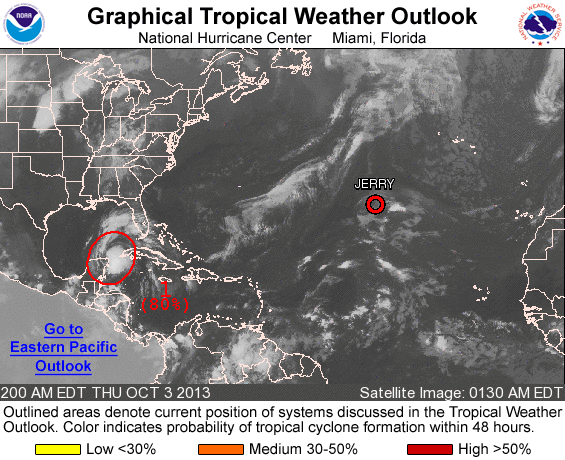
FOR THE NORTH ATLANTIC...CARIBBEAN SEA AND THE GULF OF MEXICO...

THE NATIONAL HURRICANE CENTER IS ISSUING ADVISORIES ON RECENTLY- DOWNGRADED TROPICAL DEPRESSION JERRY...LOCATED OVER THE CENTRAL ATLANTIC.

1. THE LOW PRESSURE AREA OVER THE NORTHWESTERN CARIBBEAN SEA IS NOW CENTERED NEAR THE NORTHEASTERN TIP OF THE YUCATAN PENINSULA OF MEXICO. WHILE THE CIRCULATION IS NOT YET WELL DEFINED...GALE-FORCE WINDS ARE OCCURRING EAST OF THE CENTER OVER THE YUCATAN CHANNEL. THIS SYSTEM HAS THE POTENTIAL TO BECOME A TROPICAL STORM AT ANY TIME TODAY AS IT MOVES NORTH-NORTHWESTWARD INTO THE SOUTHERN GULF OF MEXICO. THIS SYSTEM HAS A HIGH CHANCE...80 PERCENT...OF BECOMING A TROPICAL CYCLONE DURING THE NEXT 48 HOURS. AFTER THAT...LESS CONDUCIVE UPPER-LEVEL WINDS COULD LIMIT DEVELOPMENT AS THE SYSTEM APPROACHES THE NORTHERN GULF OF MEXICO THIS WEEKEND. THIS SYSTEM HAS A HIGH CHANCE...80 PERCENT...OF BECOMING A TROPICAL CYCLONE DURING THE NEXT 5 DAYS. INTERESTS IN THE NORTHEASTERN YUCATAN PENINSULA...WESTERN CUBA...AND THE NORTHERN GULF COAST SHOULD MONITOR THE PROGRESS OF THIS SYSTEM. LOCALLY HEAVY RAINS COULD AFFECT PORTIONS OF CUBA AND THE YUCATAN PENINSULA DURING THE NEXT DAY OR TWO. AN AIR FORCE RESERVE HURRICANE HUNTER AIRCRAFT IS SCHEDULED TO INVESTIGATE THE LOW LATER THIS MORNING.

FIVE-DAY FORMATION PROBABILITIES ARE EXPERIMENTAL IN 2013. COMMENTS ON THE EXPERIMENTAL FORECASTS CAN BE PROVIDED AT...

HTTP://WWW.NWS.NOAA.GOV/SURVEY/NWS-SURVEY.PHP?CODE=ETWO

FORECASTER BEVEN